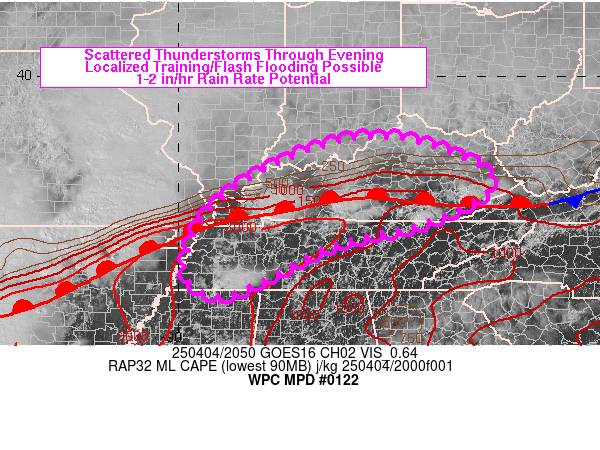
Areas affected...western TN into KY and far southern IN

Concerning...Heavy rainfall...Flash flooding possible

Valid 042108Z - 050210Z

SUMMARY...Brief training of scattered thunderstorms will pose a
possible risk of isolated to widely scattered areas of renewed
flash flooding across saturated soils of western TN into KY and
the OH Valley through 02Z. While storm coverage is a bit
uncertain, rainfall rates of 1-2 in/hr will be possible if/where
cells are able to repeat/train.

DISCUSSION...Visible satellite and radar imagery across the OH
Valley at 21Z showed scattered thunderstorms, some organized
supercells, from western TN into portions of southern KY. The
cells were located along or south of a slow moving warm front
which was analyzed WSW to ENE from the MO Bootheel into southern
KY. While better forcing and thunderstorm coverage was located
well to the west of this region (northeastern TX into southern
MO), sufficient instability, daytime heating, frontal convergence
and subtle/weak remnant boundaries from prior convection were
helping to develop storms south of the front.

Storm motions for most cells should be from the SW to WSW between
30-40 kt, not a major concern for flash flooding and expectations
are for cell coverage to remain scattered through the evening.
However, there is some low-end potential for additional cell
development on the heels of existing cells to set up a window for
short term training from SW to NE. Given the highly sensitive,
saturated soils from 4 to as much as an estimated 10 inches of
rain over the past 48 hours, the potential for another quick 1-2
inches could result in isolated to widely scattered flash flooding
into the evening hours.